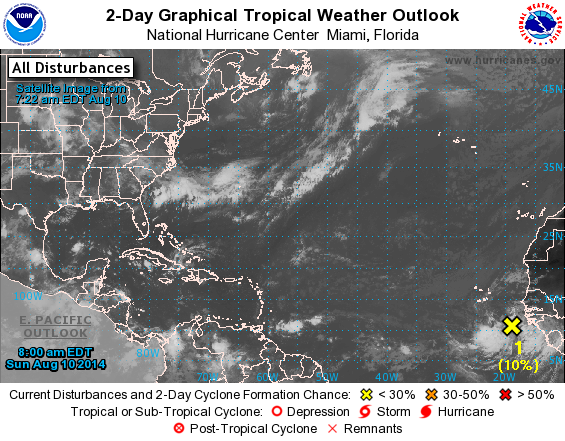
For the North Atlantic...Caribbean Sea and the Gulf of Mexico:

1. A tropical wave accompanied by a broad low pressure system is located about midway between the west coast of Africa and the Cape Verde Islands. This disturbance is producing a large area of cloudiness and disorganized showers and thunderstorms, and some slow development of this system is possible over the next several days while it moves westward at 15 to 20 mph.
* Formation chance through 48 hours...low...10 percent.
* Formation chance through 5 days...medium...30 percent.

Forecaster Stewart